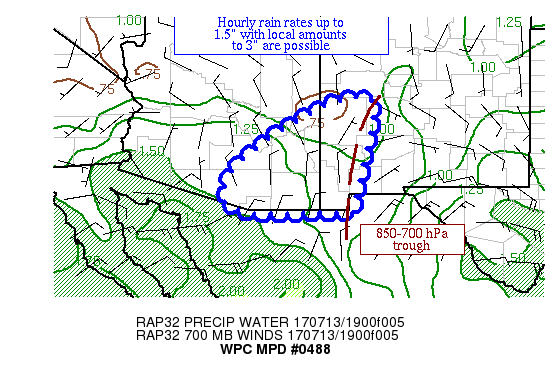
AREAS AFFECTED...SOUTHWEST NM & SOUTHEAST AZ

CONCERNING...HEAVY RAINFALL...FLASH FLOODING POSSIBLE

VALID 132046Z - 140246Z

SUMMARY...THUNDERSTORMS ARE EXPANDING IN COVERAGE ACROSS SOUTHWEST
NM AND MOVING SOUTHWEST.  HOURLY RAIN RATES UP TO 1.5" WITH LOCAL
AMOUNTS TO 3" APPEAR POSSIBLE.

DISCUSSION...THUNDERSTORMS ALONG A TROUGH IN THE 850/700 HPA LAYER
NEAR AND NORTH OF THE GILA REGION OF SOUTHWEST NM ARE EXPANDING IN
COVERAGE PER RADAR AND SATELLITE IMAGERY.  DIVERGENCE ALOFT IS
BEING AIDED BY TWO MID- TO UPPER-LEVEL LOWS -- ONE NEAR THE FOUR
CORNERS AND THE OTHER OVER NORTHEAST MEXICO.  PRECIPITABLE WATER
VALUES IN THE AREA ARE 1-1.5" PER EARLY MORNING GPS VALUES AND RAP
ANALYSES.  EFFECTIVE BULK SHEAR IS ROUGHLY 15 KTS.  THEIR
SOUTHWEST MIGRATION IS OCCURING ON THE WEST SIDE OF THE LOW LEVEL
"EASTERLY WAVE".  THE CIN ACROSS SOUTHERN AZ IS SLOWLY ERODING.
ML CAPE VALUES IN SOUTHERN AZ ARE 500-2000 J/KG.

THE MESOSCALE GUIDANCE APPEARS TO BE STRUGGLING WITH THIS
ACTIVITY, WITH RECENT HRRR RUNS, THE 12Z NAM CONEST, AND THE 12Z
WRF NSSL HAVING THE BEST IDEA CONCERNING FUTURE CONVECTIVE
DEVELOPMENT.  ACTIVITY SHOULD CONTINUE MOVING SLOWLY SOUTHWEST
WITH TIME, URGED IN THAT DIRECTION BY THE WESTWARD MOVING
LOW-LEVEL BOUNDARY AND THE MEAN FLOW TO ITS WEST.  THE 850 HPA
FLOW ACROSS SOUTHERN AZ (WESTERLY) SHOULD BE ABLE TO LURE
INSTABILITY INTO SOUTHEAST AZ FROM THE WEST.  THE 12Z SSEO
NEIGHBORHOOD PROBABILITIES AND 12Z GFS-BASED GDI SHOW/IMPLY
INCREASING CELL COVERAGE WITH TIME, PEAKING AT OR JUST BEYOND 00Z
IN SOUTHEAST AZ.  HOURLY RAIN RATES UP TO 1.5", WITH LOCAL AMOUNTS
TO 3", ARE POSSIBLE.